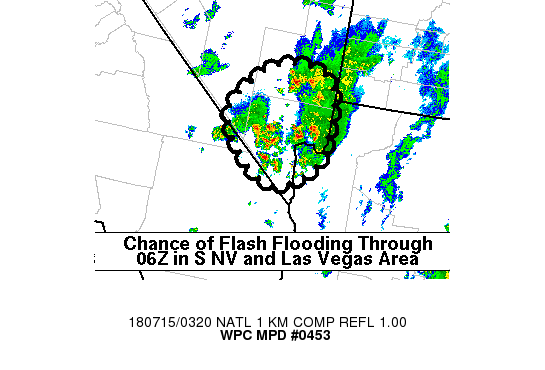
AREAS AFFECTED...SRN NEVADA INCLUDING LAS VEGAS METRO AREA

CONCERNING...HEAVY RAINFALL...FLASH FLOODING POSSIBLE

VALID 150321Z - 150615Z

SUMMARY...SOUTHERN NEVADA (INCLUDING THE LAS VEGAS METRO AREA)
WILL BE A FOCUSED AREA OF GREATER FLASH FLOOD CHANCES THIS EVENING
AS A CONCENTRATED AREA OF THUNDERSTORMS DEVELOPS. RAIN RATES OF
1-2 IN/HR WILL BE POSSIBLE.

DISCUSSION...KESX RADAR SHOWED A WESTERLY PROPAGATING OUTFLOW
BOUNDARY MOVING FROM NEAR LAKE MEAD AROUND 0030Z... TO THE LAS
VEGAS METRO AREA AROUND 03Z. RECENT OBSERVATIONS FROM BOTH KLAS
AND KVGT SHOWED BREEZY EASTERLY WINDS OVER 15 KNOTS BEHIND THIS
OUTFLOW BOUNDARY WITH 7-8 DEGREE JUMPS IN SURFACE DEWPOINTS
RELATIVE TO THE PREVIOUS HOUR OBSERVATION. THE INCREASE IN
LOW-LEVEL MOISTURE COINCIDING WITH EASTERLY WINDS SHOULD LEAD TO
AN HOUR OR TWO OF FOCUSED OROGRAPHIC ASCENT IN AN UNSTABLE AIR
MASS IN THE VICINITY OF THE SPRING MOUNTAINS AND SHEEP RANGE. KESX
RADAR SHOWED NEW UPDRAFTS DEVELOPING OVER THE PAST HALF HOUR...AND
THIS CONVECTION MAY GROW AND THEN DRIFT OVER THE LAS VEGAS METRO
AREA BETWEEN 03Z AND 05Z. ELSEWHERE... SRN NEVADA WAS A REGIONAL
MAX IN INSTABILITY WITH MLCAPE VALUES AROUND 1500 J/KG NORTH OF
LAS VEGAS. DESPITE INCREASING CINH... THIS MAY SUSTAIN ADDITIONAL
AREAS OF CONVECTION INTO NORTHERN CLARK COUNTY... SOUTHERN LINCOLN
COUNTY... AND SOUTHERN NYE COUNTIES.

CONVECTION WAS STILL OF A SINGLE-CELL NATURE... AND ALTHOUGH IT
MAY CONGEAL INTO SMALL CLUSTERS WITH TIME... THIS MAY LIMIT FLASH
FLOODING TO LOCALIZED AREAS. HOWEVER... GIVEN THE ONGOING AND
EXPECTED INCREASE IN CONVECTION IN THE VICINITY OF LAS VEGAS...
AND THE POTENTIAL FOR A STATIONARY FOCUSING MECHANISM (TERRAIN
FEATURES NEARBY)... THERE DOES APPEAR TO BE SOME CHANCE OF FLASH
FLOODING THIS EVENING. AS THE BOUNDARY LAYER CONTINUES TO
STABILIZE AFTER SUNSET... CONVECTION SHOULD GRADUALLY DIMINISH
WITH A DECREASING THREAT OF FLASH FLOODING AROUND 06Z.